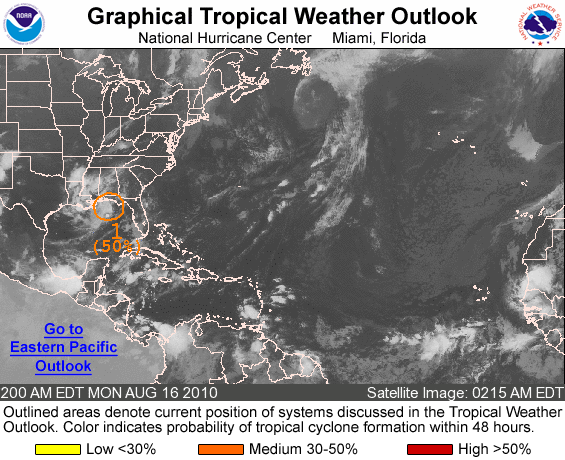
FOR THE NORTH ATLANTIC...CARIBBEAN SEA AND THE GULF OF MEXICO...

1. A BROAD AREA OF LOW PRESSURE...THE REMNANT OF TROPICAL DEPRESSION FIVE...IS LOCATED OVER THE EXTREME NORTHERN GULF OF MEXICO...JUST SOUTH OF PANAMA CITY FLORIDA. ENVIRONMENTAL CONDITIONS ARE FORECAST TO BE MARGINALLY CONDUCIVE FOR DEVELOPMENT OF THIS SYSTEM AS IT MOVES GENERALLY WESTWARD OVER THE NORTHERN GULF OF MEXICO DURING THE NEXT DAY OR SO. THERE IS A MEDIUM CHANCE... 50 PERCENT...OF THIS SYSTEM BECOMING A TROPICAL CYCLONE AGAIN DURING THE NEXT 48 HOURS. REGARDLESS OF DEVELOPMENT...LOCALLY HEAVY RAINFALL AND GUSTY WINDS ARE POSSIBLE ALONG THE NORTHERN GULF COAST FROM THE FLORIDA PANHANDLE TO SOUTHERN LOUISIANA THROUGH TUESDAY.

ELSEWHERE...TROPICAL CYCLONE FORMATION IS NOT EXPECTED DURING THE NEXT 48 HOURS.

FORECASTER BROWN